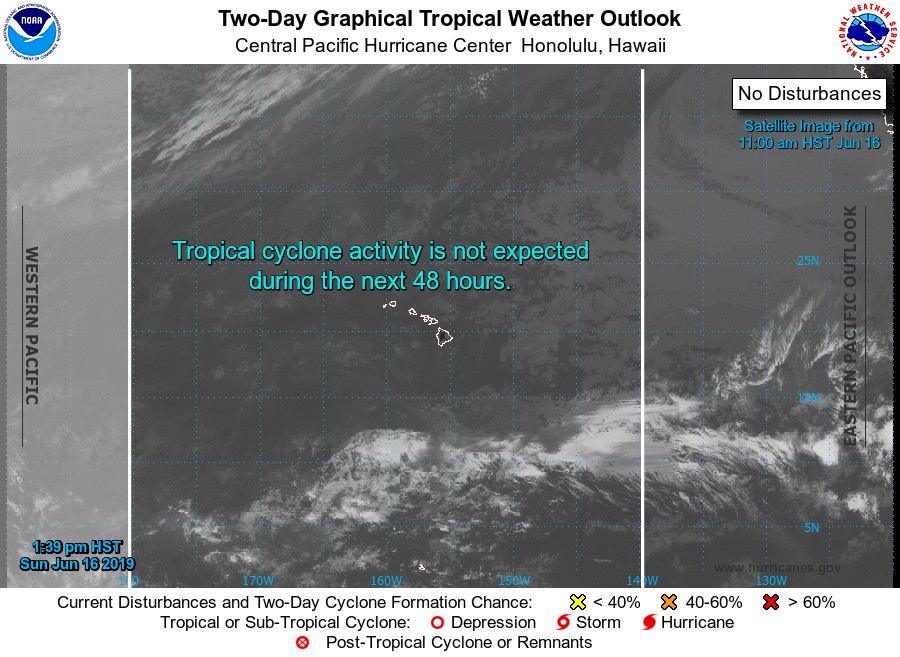
For the central North Pacific...between 140W and 180W:

No tropical cyclones are expected during the next 5 days.

Forecaster Kino